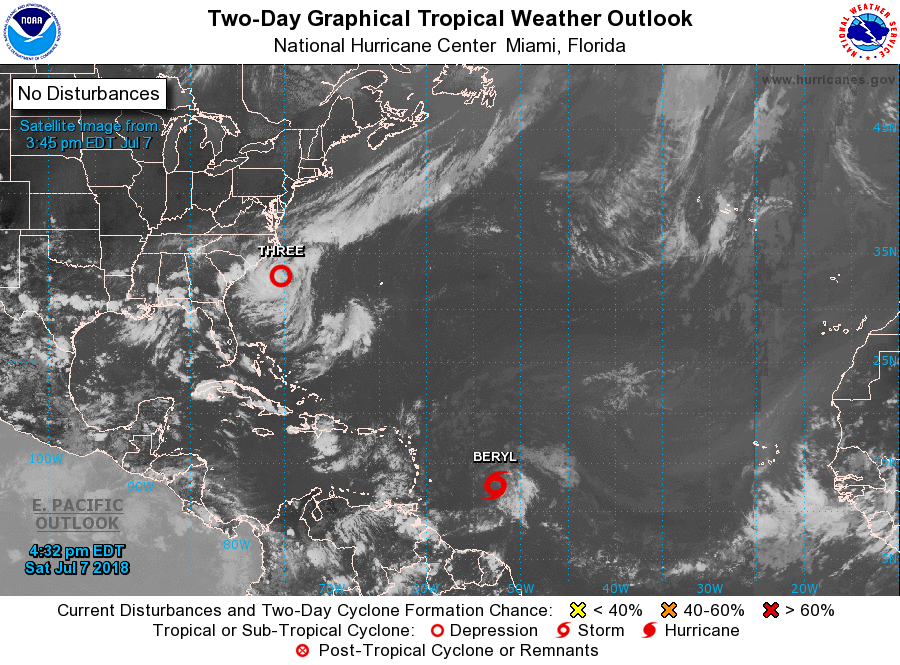
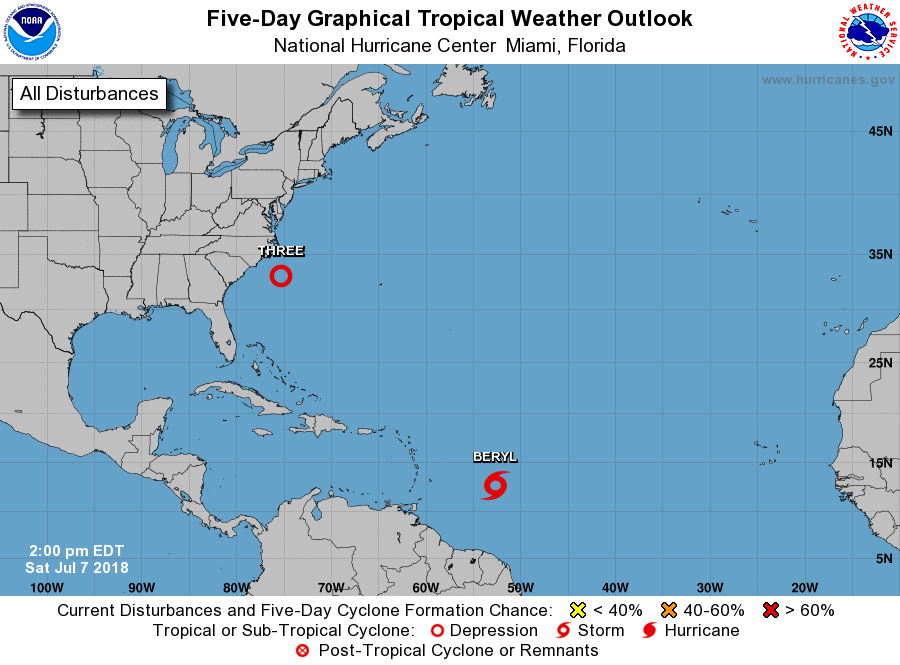
For the North Atlantic...Caribbean Sea and the Gulf of Mexico:

The National Hurricane Center is issuing advisories on Tropical Storm Beryl, located several hundred miles east of the Lesser Antilles, and on Tropical Depression Three, located a little more than one hundred miles south-southeast of the North Carolina Outer Banks.

&&
Public Advisories on Tropical Depression Three are issued under WMO header WTNT33 KNHC and under AWIPS header MIATCPAT3. Forecast/Advisories on Tropical Depression Three are issued under WMO header WTNT23 KNHC and under AWIPS header MIATCMAT3.

Forecaster Avila